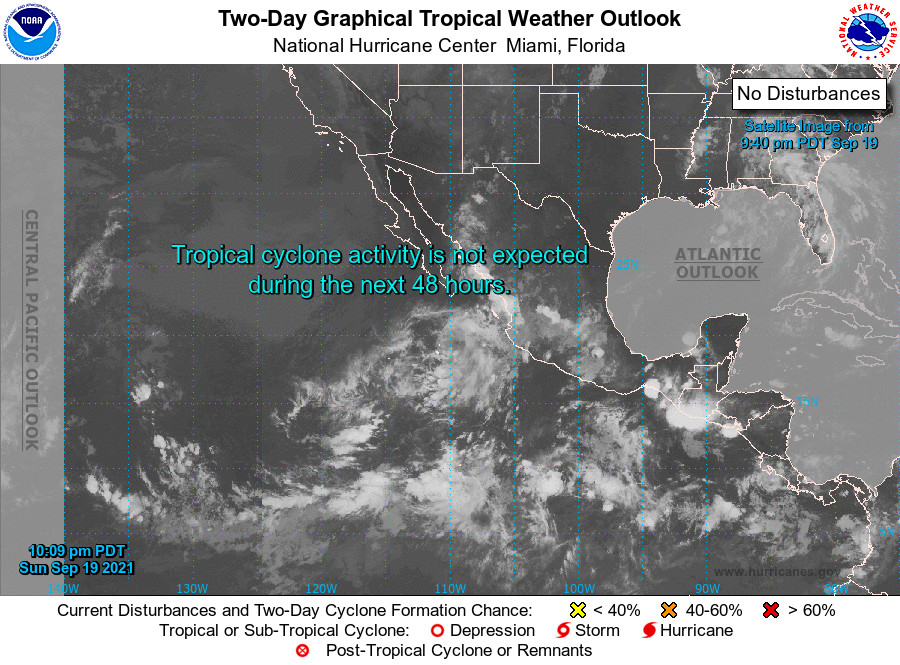
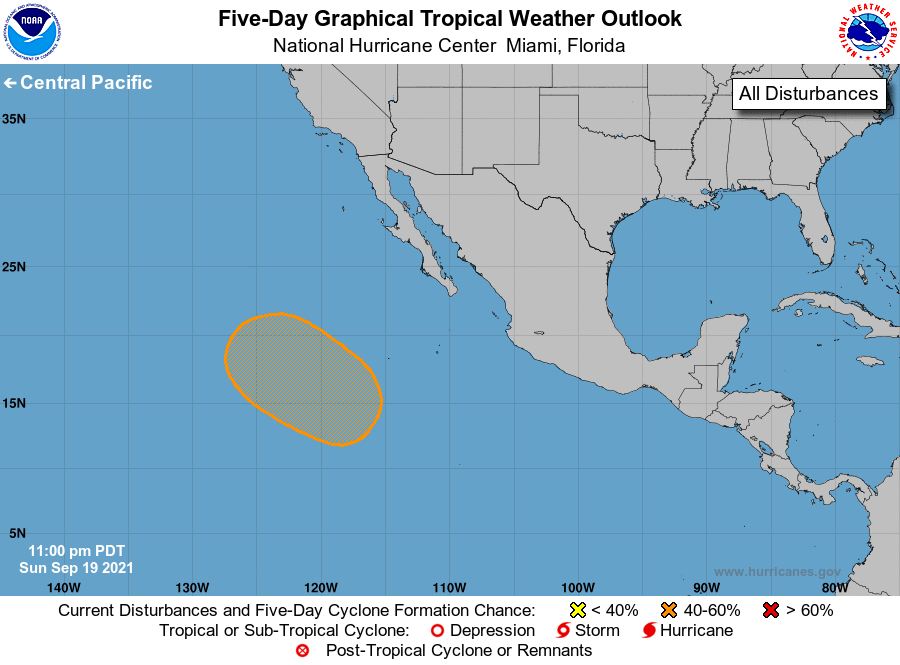
For the eastern North Pacific...east of 140 degrees west longitude:

1. An area of low pressure is forecast to form several hundred miles southwest of the southern tip of the Baja California peninsula within the next couple of days. Thereafter, some gradual development of this system is possible while it moves generally west-northwestward at 10 to 15 mph through the middle and latter parts of this week.
* Formation chance through 48 hours...low...near 0 percent.
* Formation chance through 5 days...medium...40 percent.

Forecaster Stewart